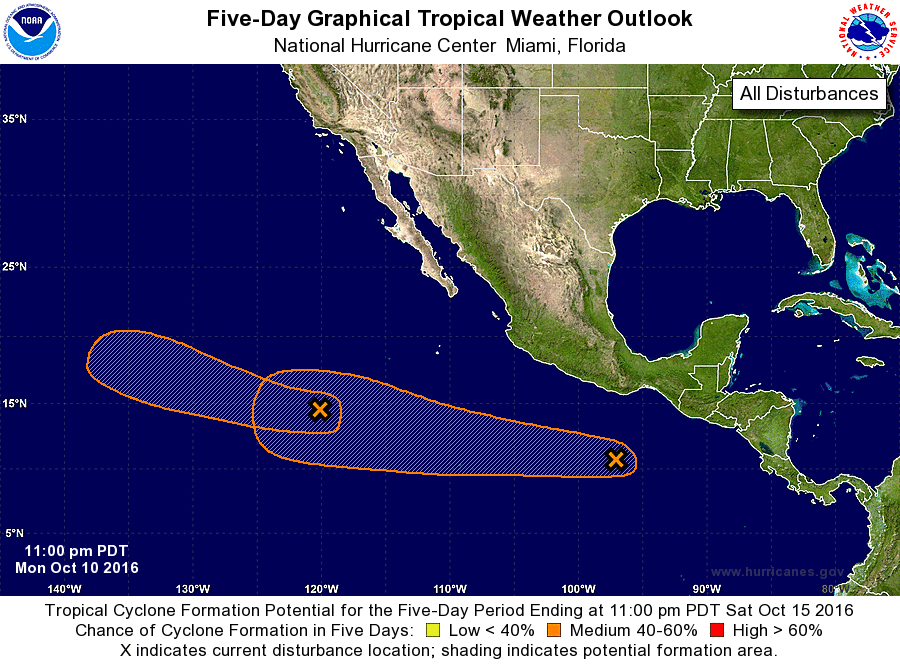
For the eastern North Pacific...east of 140 degrees west longitude:

1. A complex area of low pressure located about 850 miles southwest of the southern tip of the Baja California peninsula continues to produce disorganized cloudiness and thunderstorms. This disturbance is expected to slowly consolidate while moving west-northwestward to northwestward, and it could become a tropical depression before it moves over cooler waters in a few days.
* Formation chance through 48 hours...low...30 percent
* Formation chance through 5 days...medium...50 percent

2. Disorganized showers and thunderstorms located a few hundred miles south-southeast of Acapulco, Mexico, are associated with a weak low pressure system. Environmental conditions are expected to be generally conducive for development, and a tropical depression could form by the weekend while the low moves westward well to the southwest of mainland Mexico.
* Formation chance through 48 hours...low...10 percent
* Formation chance through 5 days...medium...60 percent

Forecaster Stewart